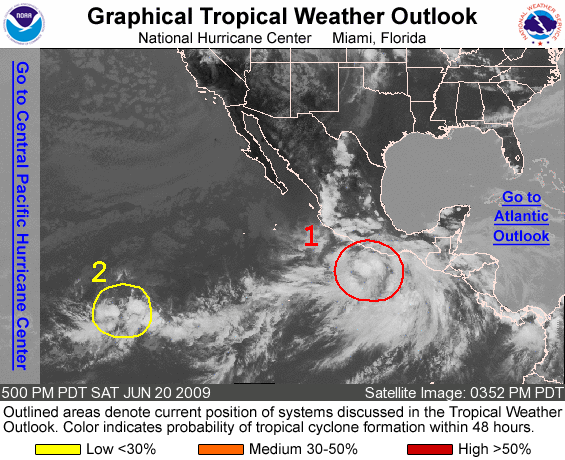
FOR THE EASTERN NORTH PACIFIC...EAST OF 140 DEGREES WEST LONGITUDE..

1. SHOWER AND THUNDERSTORM ACTIVITY CONTINUES TO BECOME BETTER ORGANIZED IN ASSOCIATION WITH A BROAD AREA OF LOW PRESSURE LOCATED ABOUT 160 MILES SOUTH-SOUTHEAST OF ACAPULCO MEXICO. CONDITIONS APPEAR FAVORABLE FOR FURTHER DEVELOPMENT...AND A TROPICAL DEPRESSION COULD FORM IN THE NEXT DAY OR SO AS THIS SYSTEM MOVES SLOWLY WEST-NORTHWESTWARD. THERE IS A HIGH CHANCE...GREATER THAN 50 PERCENT...OF THIS SYSTEM BECOMING A TROPICAL CYCLONE DURING THE NEXT 48 HOURS. REGARDLESS OF DEVELOPMENT...HEAVY RAINS ASSOCIATED WITH THIS SYSTEM COULD AFFECT PORTIONS OF THE SOUTHERN COAST OF MEXICO DURING THE NEXT DAY OR TWO...AND INTERESTS IN THIS REGION SHOULD MONITOR THE PROGRESS OF THIS SYSTEM.

2. DISORGANIZED SHOWERS AND THUNDERSTORMS CONTINUE IN ASSOCIATION WITH A BROAD AREA OF LOW PRESSURE LOCATED ABOUT 1600 MILES SOUTHWEST OF THE SOUTHERN TIP OF BAJA CALIFORNIA. DEVELOPMENT OF THIS SYSTEM... IF ANY...WILL BE SLOW TO OCCUR AS IT MOVES SLOWLY EASTWARD OVER THE NEXT COUPLE OF DAYS. THERE IS A LOW CHANCE...LESS THAN 30 PERCENT...OF THIS SYSTEM BECOMING A TROPICAL CYCLONE DURING THE NEXT 48 HOURS.

ELSEWHERE...TROPICAL CYCLONE FORMATION IS NOT EXPECTED DURING THE NEXT 48 HOURS.

FORECASTER BEVEN